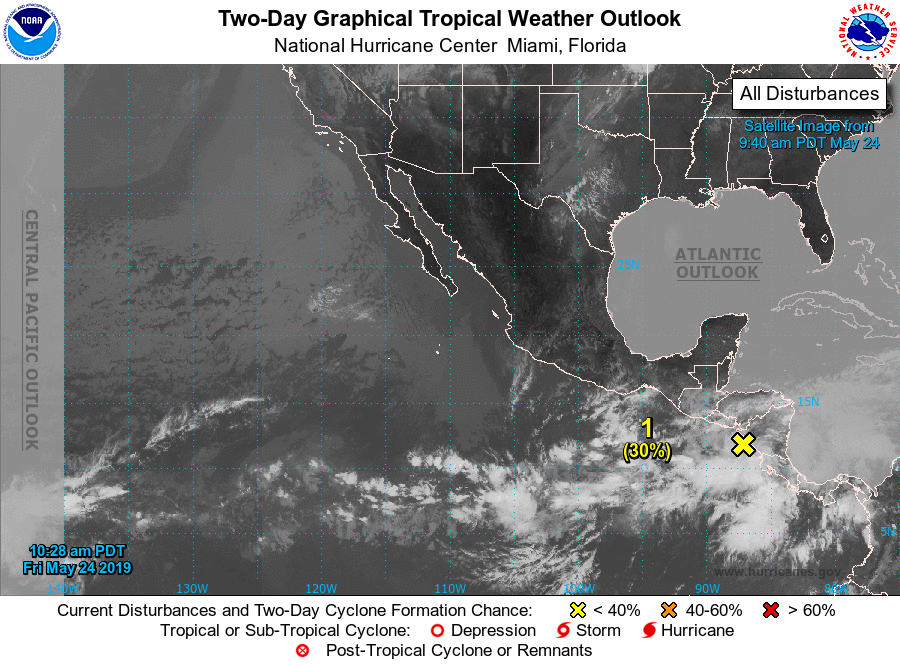
For the eastern North Pacific...east of 140 degrees west longitude:

1. A trough of low pressure located over the far eastern Pacific continues to produce disorganized showers and thunderstorms. Some gradual development of this system is possible while it moves little during the next few days. Regardless of development, locally heavy rains are likely to continue over portions of Central America through the weekend. These rains could cause flash flooding and mudslides in areas of mountainous terrain.
* Formation chance through 48 hours...low...30 percent.
* Formation chance through 5 days...medium...40 percent.

Forecaster Latto/Brown